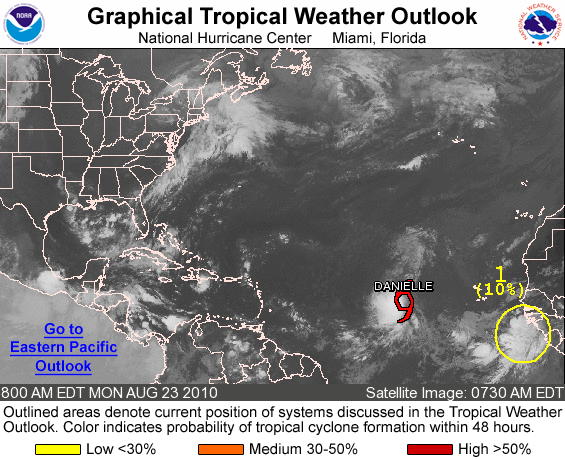
FOR THE NORTH ATLANTIC...CARIBBEAN SEA AND THE GULF OF MEXICO...

THE NATIONAL HURRICANE CENTER IS ISSUING ADVISORIES ON TROPICAL STORM DANIELLE...LOCATED ABOUT 850 MILES WEST OF THE SOUTHERNMOST CAPE VERDE ISLANDS.

1. AN AREA OF DISTURBED WEATHER LOCATED NEAR THE WEST COAST OF AFRICA IS ASSOCIATED WITH A TROPICAL WAVE. SOME SLOW DEVELOPMENT OF THIS SYSTEM IS POSSIBLE OVER THE NEXT COUPLE OF DAYS AS IT MOVES WESTWARD NEAR 15 MPH. THERE IS A LOW CHANCE...10 PERCENT...OF THIS SYSTEM BECOMING A TROPICAL CYCLONE DURING THE NEXT 48 HOURS.

ELSEWHERE...TROPICAL CYCLONE FORMATION IS NOT EXPECTED DURING THE NEXT 48 HOURS.

FORECASTER BERG